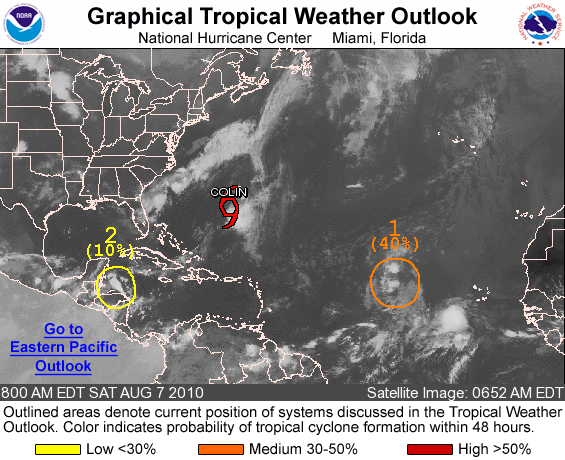
FOR THE NORTH ATLANTIC...CARIBBEAN SEA AND THE GULF OF MEXICO...

THE NATIONAL HURRICANE CENTER IS ISSUING ADVISORIES ON TROPICAL STORM COLIN...LOCATED ABOUT 230 MILES SOUTH-SOUTHWEST OF BERMUDA.

1. THERE HAS BEEN LITTLE CHANGE WITH A LOW PRESSURE SYSTEM LOCATED OVER THE CENTRAL ATLANTIC ABOUT 850 MILES WEST OF THE CAPE VERDE ISLANDS. ENVIRONMENTAL CONDITIONS ARE GENERALLY FAVORABLE FOR SLOW DEVELOPMENT OF THIS SYSTEM DURING THE NEXT COUPLE OF DAYS AS IT MOVES TOWARD THE WEST-NORTHWEST AT AROUND 15 MPH. THERE IS A MEDIUM CHANCE...40 PERCENT...OF THIS SYSTEM BECOMING A TROPICAL CYCLONE DURING THE NEXT 48 HOURS.

2. A TROPICAL WAVE OVER THE NORTHWESTERN CARIBBEAN SEA HAS CHANGED LITTLE IN ORGANIZATION THIS MORNING. SIGNIFICANT DEVELOPMENT OF THIS SYSTEM IS NOT EXPECTED BEFORE IT MOVES INLAND OVER THE YUCATAN PENINSULA AND BELIZE LATER TODAY. THERE IS A LOW CHANCE...10 PERCENT...OF THIS SYSTEM BECOMING A TROPICAL CYCLONE DURING THE NEXT 48 HOURS.

ELSEWHERE...TROPICAL CYCLONE FORMATION IS NOT EXPECTED DURING THE NEXT 48 HOURS.

FORECASTER BLAKE